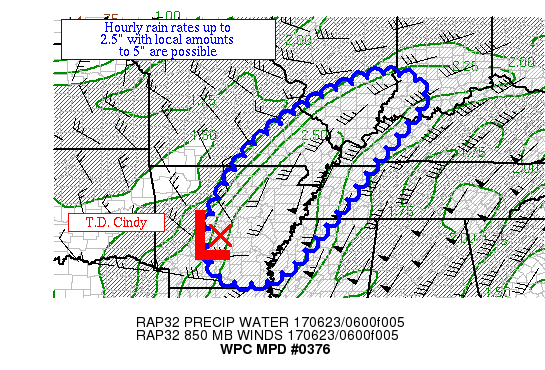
AREAS AFFECTED...MIDDLE MISSISSIPPI VALLEY

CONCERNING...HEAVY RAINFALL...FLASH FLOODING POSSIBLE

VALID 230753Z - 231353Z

SUMMARY...SHOWERS AND THUNDERSTORMS ARE BUILDING ACROSS THE REGION
FROM SOUTHWEST TO NORTHEAST.  HOURLY RAIN RATES UP TO 2.5" WITH
LOCAL AMOUNTS TO 5" ARE POSSIBLE.

DISCUSSION...TROPICAL DEPRESSION CINDY APPEARS TO BE SHOWING AN
UPTICK IN CONVECTIVE COVERAGE, WHICH BEGAN NEAR THE CENTER AN HOUR
AGO AND HAS SINCE EXPANDED INTO ITS SOUTHEAST AR.  THIS IS SEEN
BOTH ON RADAR IMAGERY AND CLOUD TOPS ACROSS THE REGION AS STARTING
TO COOL ON INFRARED IMAGERY.  PRECIPITABLE WATER VALUES ARE 2-2.4"
PER RECENT GPS DATA.  MUCAPE VALUES ARE 500-1000 J/KG.  EFFECTIVE
BULK SHEAR IS CLOSE TO 25 KTS.  INFLOW AT 850 HPA IS CONVERGENT AT
25-50 KTS PER VAD WIND PROFILES, WHICH MODESTLY EXCEEDS THE MEAN
850-400 HPA WIND.

THE 00Z SOUNDING FROM LITTLE ROCK AR SHOWED A SATURATED
ATMOSPHERE, WHICH COULD CAUSE EFFICIENT RAINFALL WITH TIME EVEN
WITH INSTABILITY WITHIN THIS RANGE.  THE FLOW IS FAIRLY
UNIDIRECTIONAL WITH HEIGHT IN THIS REGION, WHICH WHEN COMBINED
WITH THE BULK SHEAR COULD LEAD TO SHORT BOUTS OF CELL TRAINING.
THE MESOSCALE GUIDANCE SHOWS A STRONG SIGNAL FOR 5" TOTALS, THOUGH
THEY DISAGREE AS TO EXACTLY WHERE.  THE 18Z AND 00Z SSEO
NEIGHBORHOOD PROBABILITIES OF EXCEEDING THE THREE HOURLY FLASH
FLOOD GUIDANCE VALUES SHOW SPOTS OF 50%+ CHANCE OF EXCEEDANCE AS
FAR NORTHEAST AS SOUTHWEST IN.  AS A BAND OF LIGHT RAIN HAS BEGUN
TO SET UP IN THIS MORE NORTHERLY AREA, THIS SEEMS REASONABLE.
HOURLY RAIN RATES UP TO 2.5" ARE POSSIBLE HERE.